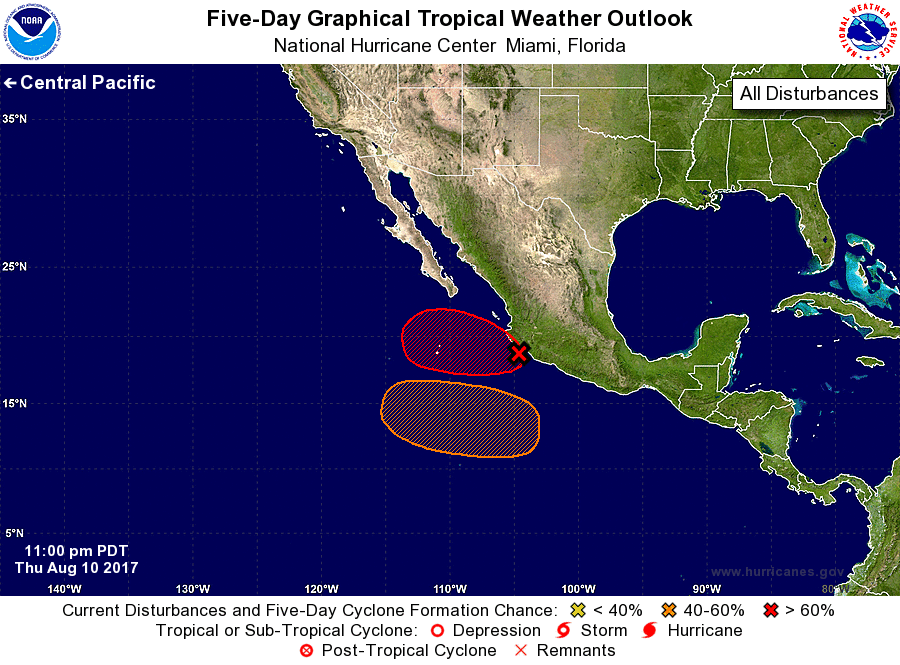
For the eastern North Pacific...east of 140 degrees west longitude:

1. Satellite images indicate strong thunderstorms are occurring just offshore of the west coast of Mexico in association with a surface trough and the remnants of Franklin. Environmental conditions are forecast to be favorable for development, and the system is likely to become a tropical cyclone on Friday or Saturday before it moves over colder waters on Sunday.
* Formation chance through 48 hours...high...70 percent.
* Formation chance through 5 days...high...70 percent.

2. An area of low pressure is forecast to form well south of the coast of southern Mexico by early next week. Environmental conditions are expected to be conducive for some slow development of this system as it moves west-northwestward at 10 to 15 mph.
* Formation chance through 48 hours...low...near 0 percent.
* Formation chance through 5 days...medium...40 percent.

Forecaster Blake